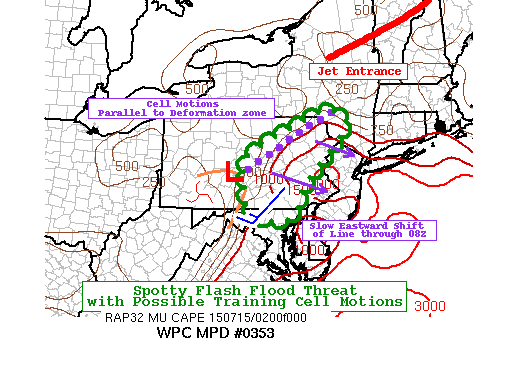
AREAS AFFECTED...CENTRAL AND NORTHEAST PENNSYLVANIA...SOUTH
CENTRAL NEW YORK...NORTHERN MARYLAND

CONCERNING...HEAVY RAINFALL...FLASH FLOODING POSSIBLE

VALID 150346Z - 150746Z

SUMMARY...SHORT TERM ISOLATED FLASH FLOOD THREAT WITH SLOW MOVING
AND POTENTIAL TRAINING CONVECTION.

DISCUSSION...RADAR AND IR/WV LOOP SHOWS WELL DEVELOPING SURFACE
LOW/OCCLUSION ACROSS WESTERN PA UNDER THE UPPER LEVEL CENTER OF
THE SHORTWAVE. SHORTWAVE RIDGING ACROSS NORTHERN PA/SOUTHERN NEW
YORK HAS INCREASED AND WITH EASTWARD MOTION OF THE UPPER
LOW...WILL ALLOW FOR RELATIVELY SLOWER FLOW PARTIALLY DIVERGENT
WITH JET ENTRANCE ACROSS NEW ENGLAND.  THIS IS ALLOWING FOR A
TIGHTER DEFORMATION ZONE TO BE ESTABLISHED FROM NEAR UNV NORTHEAST
BETWEEN BGM/MSV. SURFACE TO DEEP LAYER CONVERGENCE FIELDS
MAXIMIZING WITH INCREASED NORTHERLY FLOW BEHIND THE DEFORMATION
ZONE...COINCIDENT WITH 500-1000 J/KG MUCAPES ON THE EASTERN SIDE
OF THE BOUNDARY ALLOWS FOR A RECENT UPTICK IN CONVECTIVE
DEVELOPMENT PER IR AND RADAR LOOPS.  MODERATE MOISTURE
AVAILABILITY WITH THIS CONVECTIVE GROWTH SHOULD SUPPORT RATES OF
1-1.5"/HR. LOW LEVEL FLOW AHEAD OF THE TRIPLE POINT NEAR UNV...IS
OUT OF THE SOUTH-SOUTHWEST DEEP ENOUGH TO ALLOW FOR A WEAK CLOUD
BEARING PROFILE FOR SOME SPOT TRAINING/REPEAT AS IT IS GENERALLY
PARALLEL TO THE DEFORMATION ZONE...THIS SHOULD BE SUPPORTED OVER A
FEW HOURS BEFORE SLOW EASTWARD PROGRESS OF THE BOUNDARY OCCURS.
HI-RESOLUTION MODELS SUCH AS THE HRRR SHOW INCREASED COVERAGE AND
SUGGEST A PATTERN OF SPOT TRAINING WITH TOTALS OVER 2"
POSSIBLE...GIVEN TERRAIN AND SOME LOWER FLASH FLOOD GUIDANCE...
THE POSSIBILITY FOR FLASH FLOODING WILL BE SPOTTY BUT POSSIBLE
OVER THE NEXT FEW HOURS.